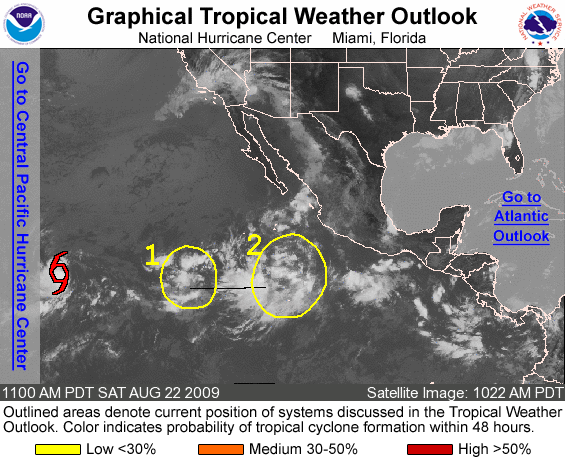
FOR THE EASTERN NORTH PACIFIC...EAST OF 140 DEGREES WEST LONGITUDE..

THE NATIONAL HURRICANE CENTER IS ISSUING ADVISORIES ON NEWLY-FORMED TROPICAL DEPRESSION ELEVEN-E...LOCATED ABOUT 1275 MILES EAST- SOUTHEAST OF HILO HAWAII.

1. DISORGANIZED SHOWERS AND THUNDERSTORMS ASSOCIATED WITH A BROAD AREA OF LOW PRESSURE ABOUT 950 MILES SOUTHWEST OF THE SOUTHERN TIP OF BAJA CALIFORNIA HAVE CHANGED LITTLE IN ORGANIZATION THIS MORNING. DEVELOPMENT OF THIS SYSTEM...IF ANY...SHOULD BE SLOW TO OCCUR. THERE IS A LOW CHANCE...LESS THAN 30 PERCENT...OF THIS SYSTEM BECOMING A TROPICAL CYCLONE DURING THE NEXT 48 HOURS.

2. SHOWERS AND THUNDERSTORMS ASSOCIATED WITH A TROPICAL WAVE SEVERAL HUNDRED MILES SOUTH-SOUTHWEST OF MANZANILLO MEXICO HAVE INCREASED THIS MORNING. CONDITIONS APPEAR FAVORABLE FOR SOME SLOW DEVELOPMENT OF THIS SYSTEM DURING THE NEXT COUPLE DAYS AS IT MOVES TOWARD THE WEST-NORTHWEST AT 10 TO 15 MPH. THERE IS A LOW CHANCE...LESS THAN 30 PERCENT...OF THIS SYSTEM BECOMING A TROPICAL CYCLONE DURING THE NEXT 48 HOURS.

ELSEWHERE...TROPICAL CYCLONE FORMATION IS NOT EXPECTED DURING THE NEXT 48 HOURS.

PUBLIC ADVISORIES ON TROPICAL DEPRESSION ELEVEN-E ARE ISSUED UNDER WMO HEADER WTPZ31 KNHC AND UNDER AWIPS HEADER MIATCPEP1. FORECAST/ADVISORIES ON TROPICAL DEPRESSION ELEVEN-E ARE ISSUED UNDER WMO HEADER WTPZ21 KNHC AND UNDER AWIPS HEADER MIATCMEP1.

FORECASTER KIMBERLAIN/AVILA